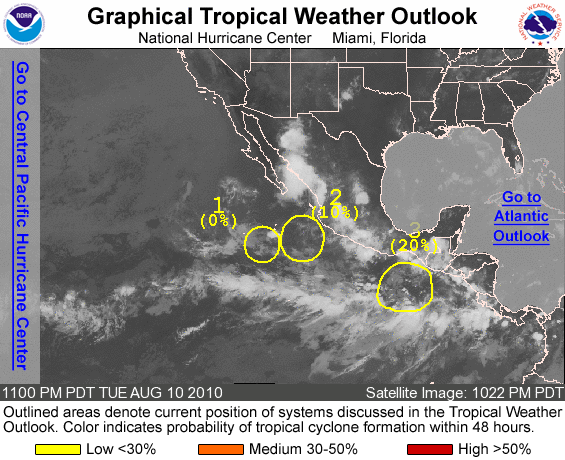
FOR THE EASTERN NORTH PACIFIC...EAST OF 140 DEGREES WEST LONGITUDE..

1. THE REMNANT LOW OF ESTELLE...LOCATED ABOUT 475 MILES SOUTH-SOUTHWEST OF THE SOUTHERN TIP OF BAJA CALIFORNIA...IS MOVING SLOWLY EAST-SOUTHEASTWARD. REDEVELOPMENT OF THIS LOW IS NOT EXPECTED DUE TO STRONG UPPER-LEVEL WINDS. THERE IS A LOW CHANCE... NEAR 0 PERCENT...OF THIS SYSTEM BECOMING A TROPICAL CYCLONE DURING THE NEXT 48 HOURS.

2. SHOWER AND THUNDERSTORM ACTIVITY ASSOCIATED WITH AN AREA OF LOW PRESSURE LOCATED ABOUT 330 MILES WEST-SOUTHWEST OF MANZANILLO MEXICO REMAINS DISORGANIZED. DEVELOPMENT OF THIS SYSTEM IS NOT LIKELY DUE TO UNFAVORABLE UPPER-LEVEL WINDS. THERE IS A LOW CHANCE...10 PERCENT...OF THIS SYSTEM BECOMING A TROPICAL CYCLONE DURING THE NEXT 48 HOURS.

3. AN AREA OF DISTURBED WEATHER LOCATED SEVERAL HUNDRED MILES SOUTH OF THE GULF OF TEHUANTEPEC IS MOVING SLOWLY WESTWARD TO WEST- NORTHWESTWARD. SOME SLOW DEVELOPMENT OF THIS DISTURBANCE IS POSSIBLE DURING THE NEXT COUPLE OF DAYS...AND THERE IS A LOW CHANCE...20 PERCENT...OF THIS SYSTEM BECOMING A TROPICAL CYCLONE DURING THE NEXT 48 HOURS.

ELSEWHERE...TROPICAL CYCLONE FORMATION IS NOT EXPECTED DURING THE NEXT 48 HOURS.

FORECASTER BEVEN